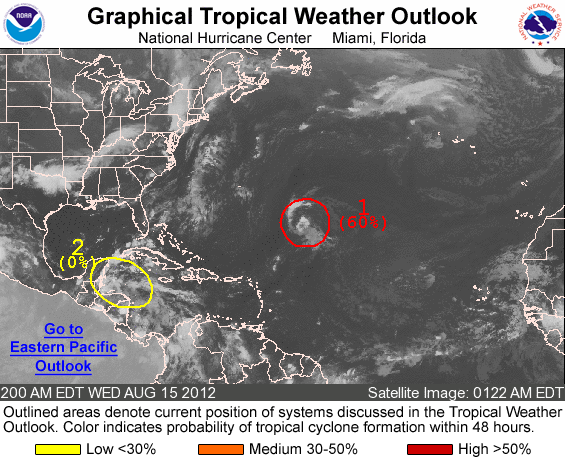
FOR THE NORTH ATLANTIC...CARIBBEAN SEA AND THE GULF OF MEXICO...

1. THE CIRCULATION ASSOCIATED WITH A DISTURBANCE LOCATED OVER THE CENTRAL ATLANTIC ABOUT 775 MILES SOUTHEAST OF BERMUDA IS GRADUALLY BECOMING BETTER DEFINED. ALTHOUGH THE ACCOMPANYING SHOWER AND THUNDERSTORM ACTIVITY IS SOMEWHAT LIMITED...ENVIRONMENTAL CONDITIONS ARE CONDUCIVE FOR A TROPICAL DEPRESSION TO FORM OVER THE NEXT COUPLE OF DAYS. THIS SYSTEM HAS A HIGH CHANCE...60 PERCENT... OF BECOMING A TROPICAL CYCLONE DURING THE NEXT 48 HOURS AS IT MOVES NORTH-NORTHWESTWARD AT 15 MPH TODAY AND TURNS NORTHEASTWARD BY THURSDAY.

2. A TROPICAL WAVE...THE REMNANTS OF TROPICAL DEPRESSION SEVEN...IS PRODUCING DISORGANIZED SHOWERS AND THUNDERSTORMS OVER THE FAR NORTHWESTERN CARIBBEAN SEA...PORTIONS OF CENTRAL AMERICA...AND THE YUCATAN PENINSULA. THIS SYSTEM HAS A LOW CHANCE...NEAR 0 PERCENT...OF BECOMING A TROPICAL CYCLONE DURING THE NEXT 48 HOURS AS IT MOVES WESTWARD AT 15 TO 20 MPH. LOCALLY HEAVY RAINS ARE POSSIBLE ACROSS PORTIONS OF CENTRAL AMERICA AND SOUTHERN MEXICO THROUGH THURSDAY.

ELSEWHERE...TROPICAL CYCLONE FORMATION IS NOT EXPECTED DURING THE NEXT 48 HOURS.

FORECASTER BERG